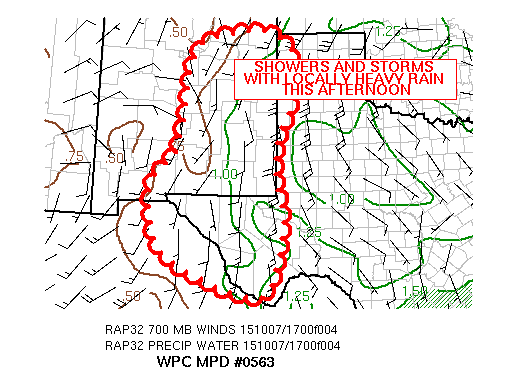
AREAS AFFECTED......EASTERN NEW MEXICO AND SOUTHWEST TEXAS...

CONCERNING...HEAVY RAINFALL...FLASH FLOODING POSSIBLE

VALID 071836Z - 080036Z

SUMMARY...AN UPPER LOW

DISCUSSION...LATEST WV IMAGERY INDICATES AN UPPER LEVEL
CIRCULATION OVER AZ IS DRIFTING SLOWLY EAST. DOWNSTREAM OVER NM,
THERE WERE SEVERAL SMALLER SCALE IMPULSES ROTATING AROUND THE
BROADER CYCLONIC CIRCULATION,
HELPING TO GENERATE LIFT ACROSS EASTERN NM. SHOWERS AND STORMS
HAVE STARTED TO INCREASE IN COVERAGE.

WITH CONTINUING DIFLUENT FLOW ALOFT AND FORECASTS SOUNDINGS FROM
THE GFS IN EASTERN NM SHOWING STEEP LAPSE RATES NEAR 7-8 DEG C/KM
AND LAYER MOISTURE NEAR 70 PERCENT RELATIVE HUMIDITY TO 500 MB,
ADDITIONAL SHOWERS AND STORMS ARE EXPECTED TO FORM.
AN INCREASE IN COVERAGE IS ALSO SUPPORTED BY AN INCREASE IN THE
16Z RAP FORECAST MOST UNSTABLE CAPE VALUES OF 1-2 KJ/KG ACROSS
EASTERN NM TO THE ADJACENT TX PANHANDLE AND SOUTHWEST TX.

THE WRF NMMB AND ARW, NSSL WRF AND 16 AND 17Z HIGH RES RAPID
REFRESH SHOW CLUSTERS OF SHOWERS AND STORMS ACROSS THE REGION.
LAYER SFC-6 KM WINDS OFF THE GFS SOUNDING SHOW
SOUTHERLY FLOW NEAR 15 KT SO PREDOMINANT STORM MOTION SHOULD BE
TOWARDS THE NORTH IN NM AND THEN NORTHEAST IN TEXAS AS THE WIND
PROFILES VEER.

WITH GFS FORECAST PRECIPITABLE WATER ANOMALIES OF 1-2 STANDARD
DEVIATIONS ABOVE NORMAL AND DEEP MOISTURE, LOCALLY HEAVY RAINS ARE
EXPECTED. THE HIGH RES CONVECTIVE ALLOWING MODELS SHOW CLUSTERS OF
1-2 INCHES EXPECTED THIS AFTERNOON, RESULTING IN LOCAL FLASH FLOOD
POTENTIAL WHERE TRAINING OCCURS.

SEE STATEMENTS FROM SPC FOR SEVERE WEATHER THREAT AND NESDIS AND
THEIR SATELITE PRECIPITATION ESTIMATES THIS AFTERNOON FOR UPDATES
AS THE EVENT PROGRESSES.